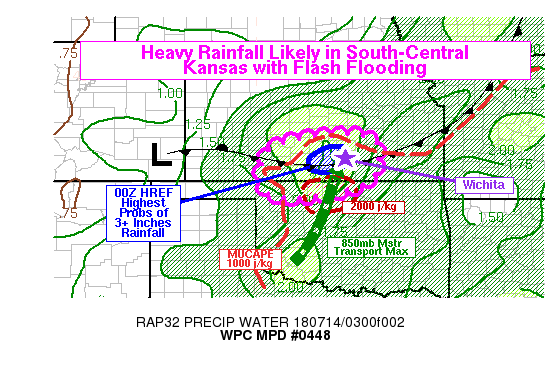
AREAS AFFECTED...SOUTH-CENTRAL KANSAS...FAR NRN OKLAHOMA

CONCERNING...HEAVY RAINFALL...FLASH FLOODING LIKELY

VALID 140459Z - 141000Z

SUMMARY...THUNDERSTORMS ARE LIKELY TO CONCENTRATE JUST NORTH OF A
SURFACE FRONT ACROSS SOUTH-CENTRAL KANSAS TONIGHT AND PRODUCE
HEAVY RAINFALL. SOME TOTALS IN EXCESS OF 4 INCHES WILL BE
POSSIBLE...WITH RAIN RATES AS HIGH AS 2 IN/HR. THIS SHOULD LEAD TO
FLASH FLOODING WHERE THUNDERSTORMS STALL AND PERSIST FOR SEVERAL
HOURS.

DISCUSSION...FOCUSED AREA OF CONVECTION APPEARS LIKELY TO BE
SUSTAINED OVER THE NEXT 3-6 HOURS IN SOUTH-CENTRAL KANSAS. SURFACE
COLD FRONT IS STEADILY ADVANCING SOUTH TOWARD NRN OKLAHOMA RIGHT
NOW...BUT THE LOW-LEVEL JET JUST ALOFT (925-850MB) WILL INCREASE
SLIGHTLY WITH THE NOSE POSITIONED VERY CLOSE TO WICHITA (KICT).
RAP ANALYSIS PLACES A MUCAPE MAXIMUM JUST SOUTH OF THIS (2000-2500
J/KG)...AND A REGIONAL MAX IN PRECIPITABLE WATER (2.0 TO 2.3
INCHES) DIRECTLY OVER SOUTH-CENTRAL KS. THESE INGREDIENTS WILL
FAVOR ORGANIZED AND ELEVATED CONVECTIVE CLUSTERS NEAR THE NOSE OF
THE LOW-LEVEL JET. 850-300MB MEAN WINDS AND CORFIDI VECTORS BOTH
HAVE REDUCED MAGNITUDES (BELOW 10 KNOTS) AND ARE GENERALLY OUT OF
THE WEST. THEREFORE... CONVECTIVE CLUSTERS SHOULD HAVE A GRADUAL
EASTWARD DRIFT... BUT THIS WILL BE RATHER SLOW AND SHOULD ENABLE A
FAIRLY LONG RESIDENCE TIME OF HEAVY RAIN IN CERTAIN LOCATIONS.

THE ANOMALOUSLY HIGH PWAT VALUES (ABOVE THE 90TH PERCENTILE) AND
SLOW STORM MOTIONS SHOULD ALLOW FOR HEAVY RAINFALL ACCUMULATION IN
SHORT PERIODS OF TIME. RAIN RATES OF 2 IN/HR SEEM ACHIEVABLE. THE
00Z HREF HAS THE HIGHEST PROBABILITIES OF AT LEAST 3 INCHES OF
RAINFALL FOCUSED IN THE KPTT-KICT (PRATT TO WICHITA) CORRIDOR...
WHICH IS CLOSE TO WHERE THE LARGEST CONVECTIVE CLUSTERS ARE
CURRENTLY SITUATED. THEREFORE... THIS SEEMS TO BE REASONABLE AND
SHOULD BE THE AREA WHERE FLASH FLOODING IS MOST LIKELY...
PARTICULARLY IF THE CONVECTION CAN DRIFT OVER THE IMMEDIATE
WICHITA AREA.